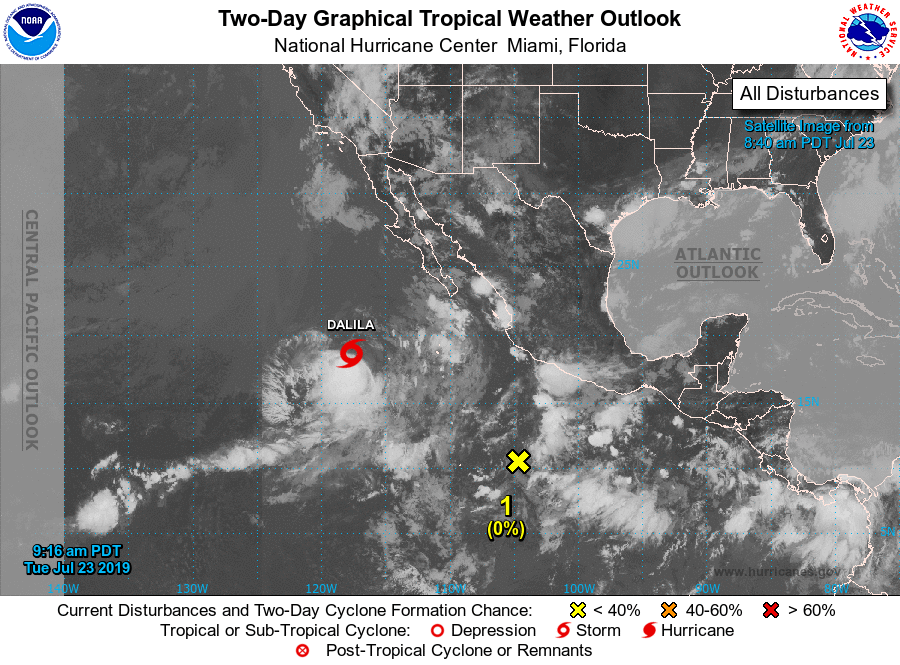
For the eastern North Pacific...east of 140 degrees west longitude:

The National Hurricane Center is issuing advisories on Tropical Storm Dalila, located several hundred miles west-southwest of the southern tip of the Baja California peninsula.

1. Showers and a few thunderstorms located several hundred miles southeast of the southern coast of Mexico are associated with a tropical wave. Environmental conditions could become more favorable for some development late this week or over the weekend as the system moves westward at around 15 mph.
* Formation chance through 48 hours...low...near 0 percent.
* Formation chance through 5 days...low...20 percent.

2. An area of low pressure is expected to form late this week a few hundred miles south of the coast of southern Mexico. Conditions appear favorable for gradual development of this system over the weekend while it moves westward at 15 to 20 mph, away from the coast of Mexico.
* Formation chance through 48 hours...low...near 0 percent.
* Formation chance through 5 days...low...30 percent.

Forecaster Latto/Brown